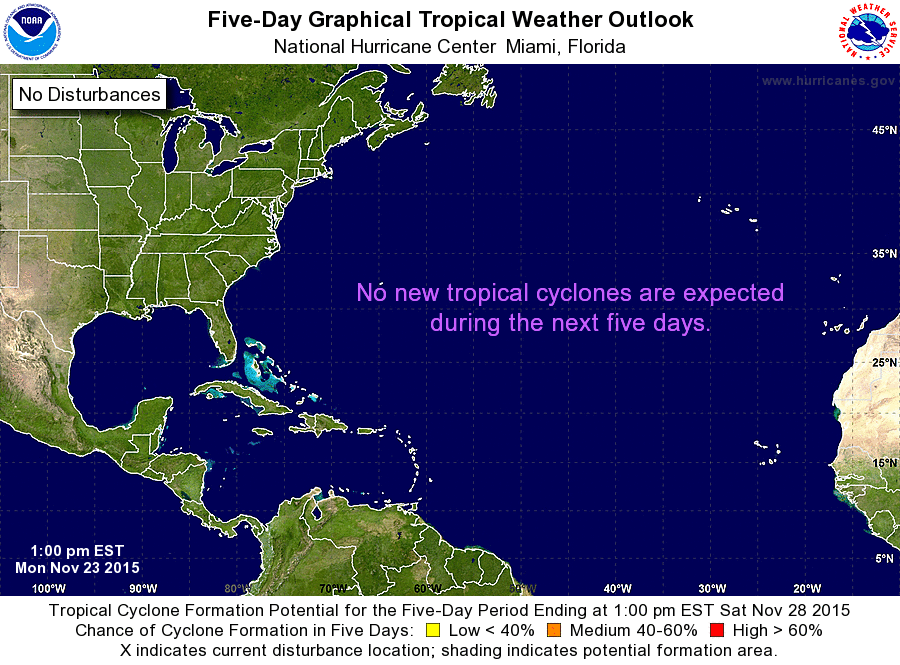
For the North Atlantic...Caribbean Sea and the Gulf of Mexico:

Tropical cyclone formation is not expected during the next 5 days.

Forecaster Brown